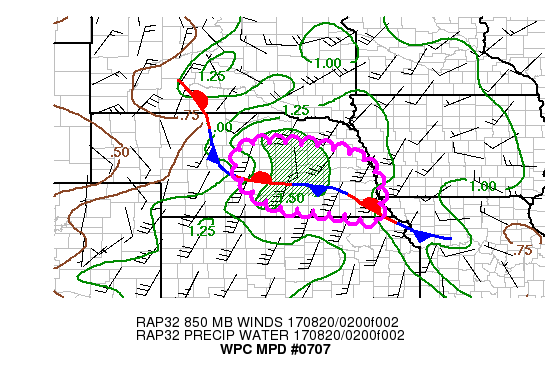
AREAS AFFECTED...CENTRAL AND EASTERN NEBRASKA

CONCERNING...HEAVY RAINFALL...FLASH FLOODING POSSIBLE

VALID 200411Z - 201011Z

SUMMARY...TRAINING/BACK-BUILDING CONVECTION IS EXPECTED TO
CONTINUE FOR AT LEAST A FEW MORE HOURS...PRODUCING ADDITIONAL
HEAVY RAINFALL AMOUNTS.  FLASH FLOODING IS POSSIBLE.

DISCUSSION...A LOW LEVEL JET INCREASING TO 30-40 KTS CONTINUES TO
SUPPORT A DEEPENING MOISTURE POOL ALONG AND NORTH OF A
QUASI-STATIONARY BOUNDARY EXTENDING FROM SOUTHEASTERN INTO CENTRAL
NEBRASKA.  LATEST SPC MESO ANALYSIS SHOWS PWS OF 1.3-1.5 ACROSS
MUCH OF THE HIGHLIGHTED AREA...WITH THE 02 UTC RAP SHOWING A
FURTHER INCREASE OVER THE NEXT FEW HOURS.  WITH THE LOSS OF
DAYTIME HEATING...CONVECTIVE INHIBITION HAS INCREASED ACROSS THE
REGION...HOWEVER MUCAPE VALUES REMAIN 2000-3000 J/KG ACROSS MUCH
OF CENTRAL NEBRASKA.  WEAK MID LEVEL ENERGY AND FAVORABLE UPPER
JET FORCING ARE EXPECTED TO CONTRIBUTE TO THE LARGER SCALE LIFT
ACROSS THE REGION...SUPPORTING ADDITIONAL STORM DEVELOPMENT OVER
THE NEXT FEW HOURS.  AS THE EVENING PROGRESSES...VEERING LOW LEVEL
WINDS SHOULD SUPPORT FORWARD PROPAGATION OF STORMS DURING THE
EARLY MORNING HOURS...HOWEVER ADDITIONAL TRAINING IS POSSIBLE AS
THE MEAN FLOW BEGINS TO PARALLEL THE SURFACE BOUNDARY.

THE HI-RES GUIDANCE HAS NOT PERFORMED OVERLY WELL ACROSS THIS
AREA...WITH EVEN RECENT RUNS OF THE HRRR NOT APPEARING TO HAVE A
VERY GOOD HANDLE ON THE CURRENT CONDITIONS.  THE EXPERIMENTAL HRRR
SEEMS TO HAVE A LITTLE BETTER HANDLE AND IS SHOWING LOCAL AMOUNTS
OF 2-3 INCHES FOR THE 6-HR PERIOD ENDING AT 10 UTC.